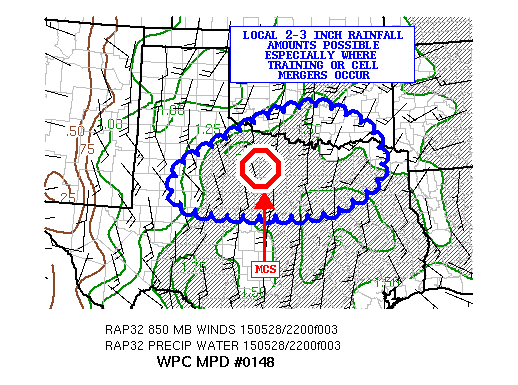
AREAS AFFECTED......NORTH TX/SOUTHERN OK...

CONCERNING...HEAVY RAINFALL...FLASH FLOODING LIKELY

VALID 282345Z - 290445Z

SUMMARY...OUTFLOWS FROM AN MCS CROSSING NORTH TX WILL SERVE AS
FOCI FOR NEW CONVECTION. TRAINING AND CELL MERGERS FROM THE NEW
CONVECTION COULD RESULT IN FLASH FLOODING

DISCUSSION...AN MCS CROSSING NORTH TX IS PUSHING OUT OUTFLOW
BOUNDARIES TO ITS SOUTH...EXTENDING BACK THROUGH THE LUB COUNTY
WARNING AREA. THE MCS ITSELF IS ACCELERATING EASTWARD AS IT
BECOMES COLD POOL DOMINATED. HOWEVER...NEW CONVECTION IS
DEVELOPING ON THE OUTFLOW BOUNDARIES WHERE MLCAPE VALUES TOP OUT
NEAR 3500 J/KG...AND PRECIPITABLE WATER VALUES HOVER NEAR 1.75
INCHES.

ADDITIONAL CONVECTION DEVELOPING IN THE LOW LEVEL 20 TO 30 KNOT
INFLOW (PER REGIONAL VWP) IS TRACKING NORTH TOWARD THE OUTFLOW
BOUNDARIES. AS THESE CELLS INTERSECT THE CONVECTION DEVELOPING ON
THE OUTFLOW... MERGERS ARE LIKELY...WHICH RAISES THE THREAT FOR
FLASH FLOODING. KDYX RADAR INDICATED HOURLY RAINFALL RATES NEAR 2
INCHES...BUT GIVEN THE HIGH CAPE VALUES...THESE AMOUNTS MAY BE
HAIL CONTAMINATED.

THERE IS A MULTI HIGH RESOLUTION GUIDANCE SIGNAL FOR CONVECTION TO
PRODUCE 2-3 INCHES OF RAINFALL WHERE MERGERS AND TRAINING OCCUR ON
THE OUTFLOW BOUNDARIES SOUTH OF THE MCS. THE THREAT SHOULD
CONTINUE THROUGH AT LEAST MIDNIGHT LOCAL TIME...AS HIGH RESOLUTION
MODELS SUGGEST THAT THE INSTABILITY WILL BE SLOW TO DISSIPATE.